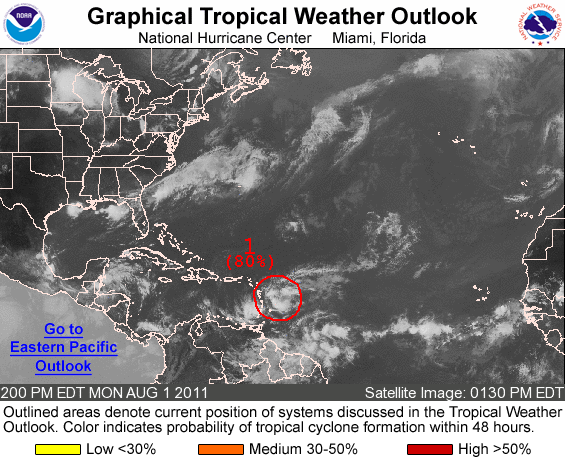
FOR THE NORTH ATLANTIC...CARIBBEAN SEA AND THE GULF OF MEXICO...

1. SHOWERS AND THUNDERSTORMS EXTEND FROM THE LESSER ANTILLES EASTWARD FOR A FEW HUNDRED MILES IN ASSOCIATION WITH A VIGOROUS TROPICAL WAVE. AN AIR FORCE RESERVE RECONNAISSANCE AIRCRAFT IS CURRENTLY INVESTIGATING THE DISTURBANCE...ALTHOUGH SATELLITE IMAGERY INDICATES THIS SYSTEM HAS NOT BECOME ANY BETTER ORGANIZED SINCE THIS MORNING. THE WAVE IS PRODUCING WINDS TO NEAR TROPICAL STORM FORCE...AND ENVIRONMENTAL CONDITIONS REMAIN CONDUCIVE FOR A TROPICAL DEPRESSION OR A TROPICAL STORM TO FORM LATER TONIGHT OR TUESDAY. THIS SYSTEM HAS A HIGH CHANCE...80 PERCENT...OF BECOMING A TROPICAL CYCLONE DURING THE NEXT 48 HOURS AS IT MOVES WEST-NORTHWESTWARD AT 15 TO 20 MPH. IF THE SYSTEM BECOMES A TROPICAL CYCLONE TONIGHT OR TOMORROW...TROPICAL STORM WARNINGS WOULD BE ISSUED FOR PORTIONS OF THE NORTHERN WINDWARD ISLANDS AND THE LEEWARD ISLANDS ON VERY SHORT NOTICE. INTERESTS IN THESE AREAS SHOULD CLOSELY MONITOR THE PROGRESS OF THIS DISTURBANCE. REGARDLESS OF DEVELOPMENT...THIS SYSTEM WILL BRING LOCALLY HEAVY RAINFALL AND STRONG GUSTY WINDS TO PORTIONS OF THE LESSER ANTILLES TONIGHT AND TUESDAY.

ELSEWHERE...TROPICAL CYCLONE FORMATION IS NOT EXPECTED DURING THE NEXT 48 HOURS.

FORECASTER STEWART